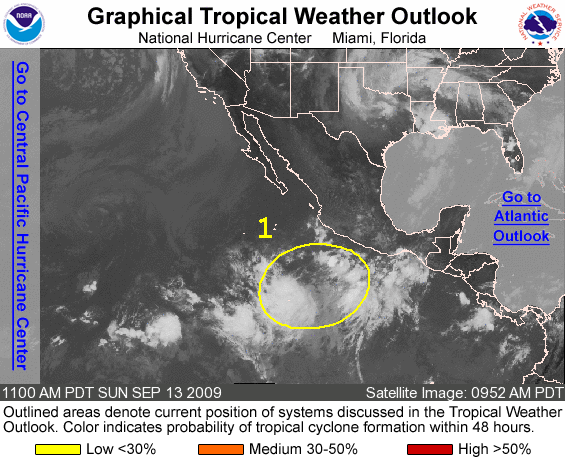
FOR THE EASTERN NORTH PACIFIC...EAST OF 140 DEGREES WEST LONGITUDE..

1. A LARGE AREA OF DISTURBED WEATHER HAS DEVELOPED SEVERAL HUNDRED MILES SOUTH-SOUTHWEST OF THE SOUTHWESTERN COAST OF MEXICO. ENVIRONMENTAL CONDITIONS APPEAR FAVORABLE FOR SOME SLOW DEVELOPMENT OF THIS SYSTEM AS IT MOVES VERY LITTLE OVER THE NEXT DAY OR TWO. THERE IS A LOW CHANCE...LESS THAN 30 PERCENT...OF THIS SYSTEM BECOMING A TROPICAL CYCLONE DURING THE NEXT 48 HOURS.

ELSEWHERE...TROPICAL CYCLONE FORMATION IS NOT EXPECTED DURING THE NEXT 48 HOURS.

FORECASTER BERG